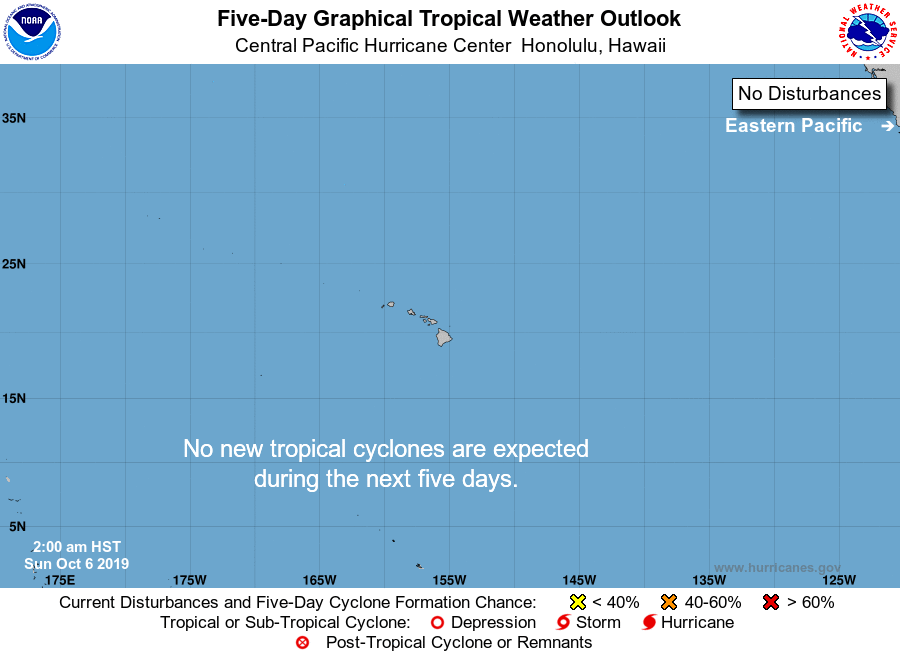
For the central North Pacific...between 140W and 180W:

No tropical cyclones are expected during the next 5 days.

Forecaster Wroe